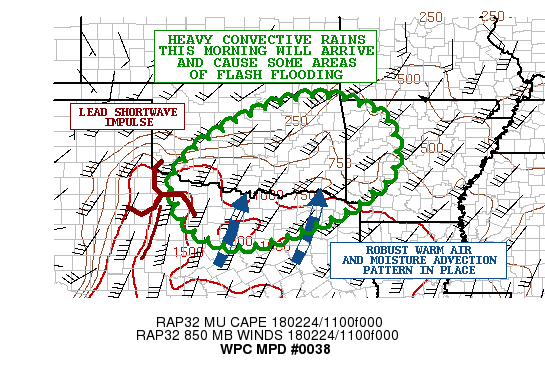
AREAS AFFECTED...NORTH-CENTRAL TO NORTHEAST TX...SOUTH-CENTRAL TO
EASTERN OK...WESTERN AR

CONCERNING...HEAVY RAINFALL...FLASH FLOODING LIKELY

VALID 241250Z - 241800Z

SUMMARY...HEAVY SHOWERS AND THUNDERSTORMS SHOULD TEND TO INCREASE
IN COVERAGE AND ORGANIZATION OVER THE NEXT FEW HOURS. SENSITIVE
SOIL CONDITIONS WILL PROMOTE EXCESSIVE RUNOFF AND/OR FLASH
FLOODING.

DISCUSSION...THE MORNING GOES-16 RGB AIRMASS IMAGERY SHOWS A
FAIRLY WELL-DEFINED VORT CENTER LIFTING NORTHEAST ACROSS
WEST-CENTRAL TX EMBEDDED WITHIN LARGER SCALE SOUTHWEST FLOW
ASSOCIATED WITH THE SUBTROPICAL JET CROSSING THE SOUTHERN PLAINS.
MEANWHILE...THIS IS OUT AHEAD OF A STRONGER UPPER TROUGH ADVANCING
EAST ACROSS THE FOUR CORNERS REGION.

NUMEROUS SHOWERS AND THUNDERSTORMS ARE ALREADY BREAKING OUT ACROSS
NORTH-CENTRAL TX AND QUICKLY WORKING INTO SOUTHERN OK WHERE THE
ENERGY ALOFT IS WORKING IN TANDEM WITH THE NOSE OF A 40 TO 45 KT
S/SW LOW LEVEL JET THAT IS BOLSTERING THE WARM ADVECTION ALOFT
OVER TOP A STABLE BOUNDARY LAYER. ALREADY THERE IS A FAIR DEGREE
OF ELEVATED INSTABILITY WITH MUCAPE VALUES UPWARDS OF 1000 J/KG
POOLING UP ALONG THE RED RIVER AND CONVECTIVE UPDRAFTS BEING AIDED
BY 40 TO 50 KTS OF EFFECTIVE BULK SHEAR.

GRADUALLY INCREASING LARGE SCALE ASCENT AND IMPROVING
THERMODYNAMICS AHEAD OF THE APPROACHING LARGE SCALE TROUGH FROM
THE FOUR CORNERS REGION WILL ALLOW CONVECTION TO INCREASE IN
COVERAGE AND ORGANIZATION OVER THE NEXT FEW HOURS...AND CAPABLE OF
PRODUCING LOCALLY VERY HEAVY RAINFALL RATES GIVEN THE DEGREE OF
DEEPER LAYER MOISTURE TRANSPORT. CIRA-LPW DATA CONFIRMS A
WELL-DEFINED EASTERN TROPICAL PACIFIC CONNECTION OF 700/300 MB
MOISTURE WHICH IS CONTRIBUTING TO PWATS AS HIGH AS 1.5 INCHES JUST
SOUTH OF THE RED RIVER. THIS ENVIRONMENT WILL PROMOTE ENHANCED
RAINFALL RATES THAT MAY REACH 1.5 TO 2 INCHES/HR WITHIN STRONGER
CONVECTIVE CORES.

MOST OF THE CAM GUIDANCE ALREADY APPEARS TO BE TOO SLOW WITH THE
ONGOING CONVECTIVE INITIATION AND RADAR IMAGERY SHOWS THE ACTIVITY
ORGANIZING A BIT WEST OF THE CAM CONSENSUS. THEY COLLECTIVELY
SUGGEST ADDITIONAL AMOUNTS OF 1 TO 1.5 INCHES THROUGH 18Z OVER
ESPECIALLY SOUTH-CENTRAL TO EASTERN OK...BUT THE DEGREE OF
ELEVATED INSTABILITY...EFFICIENT MOISTURE TRANSPORT AND LARGE
SCALE ASCENT FAVORS AMOUNTS THAT COULD BE HIGHER AND PERHAPS
LOCALLY AS MUCH AS 2 TO 3 INCHES. IT IS LIKELY TOO THAT CONVECTION
WILL MAKE IT INTO WESTERN AR FASTER THAN THE CAM GUIDANCE IS
SUGGESTING BASED ON THE LATEST SATELLITE AND RADAR TRENDS.

GIVEN THE RECENT RAINFALL OVER THE LAST COUPLE OF DAYS...THE SOIL
CONDITIONS ARE HIGHLY SENSITIVE AND THESE ADDITIONAL AMOUNTS
THROUGH MIDDAY WILL LIKELY CAUSE ENHANCED RUNOFF AND CONCERNS FOR
FLASH FLOODING. WILL CONTINUE TO MONITOR.